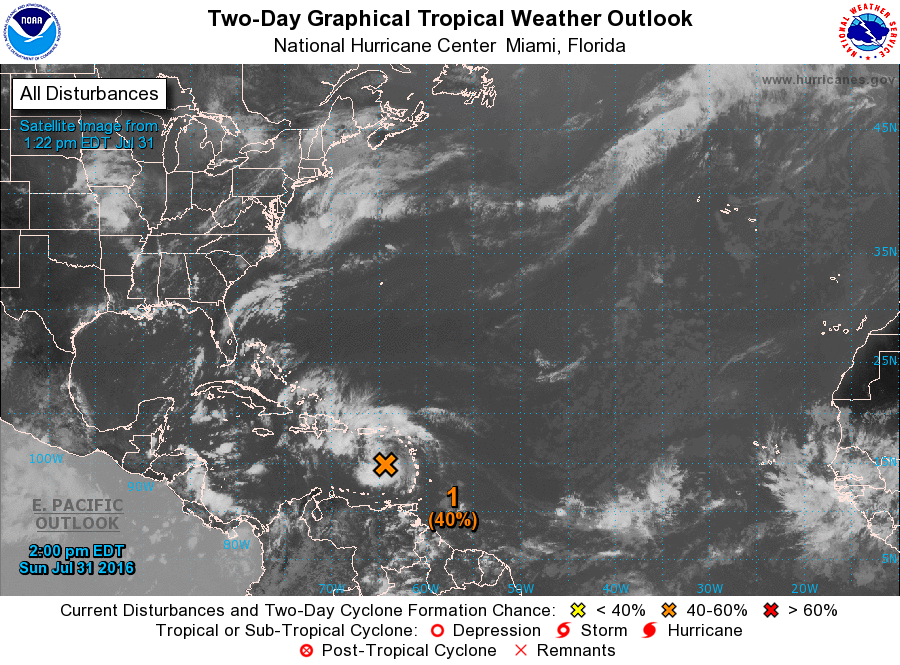
For the North Atlantic...Caribbean Sea and the Gulf of Mexico:

1. Showers and thunderstorms associated with a strong and fast-moving tropical wave over the eastern Caribbean Sea have changed little in organization this morning, and there are still no signs of a closed surface circulation. Although some gradual development of this system is possible during the next day or so, the chance for tropical cyclone formation should increase after the wave reaches the western Caribbean Sea in a couple of days. This disturbance is expected to cause locally heavy rains and gusty winds over portions of the Lesser Antilles, the Virgin Islands, and Puerto Rico today and tonight. These conditions should spread westward across the central Caribbean Sea and reach Hispaniola by Monday and Jamaica and Cuba by Tuesday. Interests in these areas and elsewhere in the Caribbean Sea should continue to monitor the progress of this system. For additional information on this system, see High Seas Forecasts issued by the National Weather Service.
* Formation chance through 48 hours...medium...40 percent
* Formation chance through 5 days...high...70 percent

High Seas Forecasts issued by the National Weather Service can be found under AWIPS header NFDHSFAT1, WMO header FZNT01 KWBC, and on the Web at http://www.opc.ncep.noaa.gov/shtml/NFDHSFAT1.shtml.

Forecaster Kimberlain